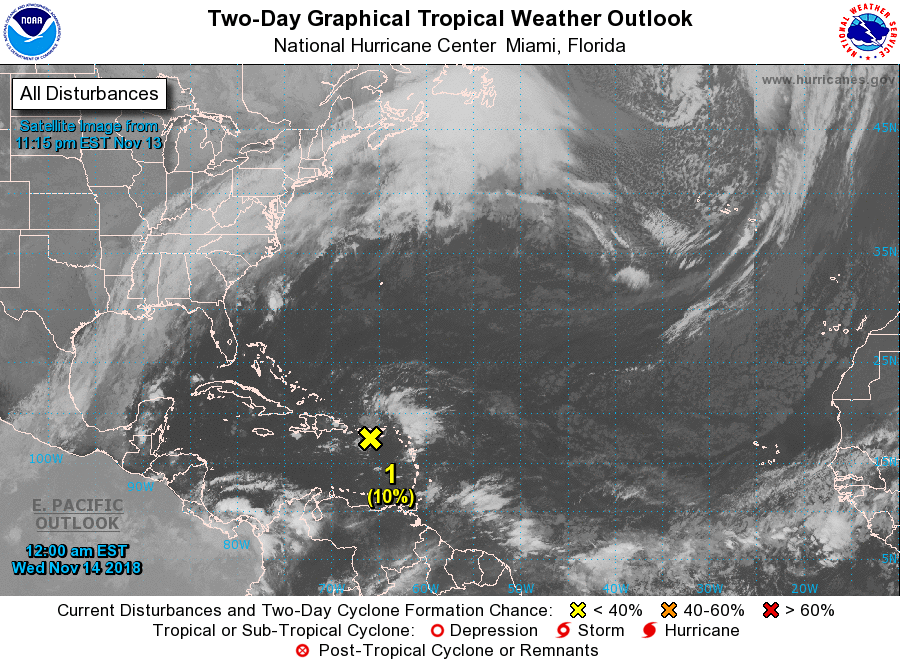
For the North Atlantic...Caribbean Sea and the Gulf of Mexico:

1. A tropical wave and an upper-level low are producing disorganized showers and thunderstorms over portions of the Leeward Islands, the Virgin Islands, Puerto Rico, and the adjacent waters. Significant development of this system is not expected due to unfavorable upper-level winds and the interaction with islands of the Greater Antilles. Even though development is not anticipated, locally heavy rainfall is expected to continue over portions of the Leeward Islands, the Virgin Islands, and Puerto Rico over the next day or so as the system moves generally west-northwestward. This activity will then spread over the Turks and Caicos Islands and the southeastern Bahamas by Thursday as the system turns northwestward.
* Formation chance through 48 hours...low...10 percent.
* Formation chance through 5 days...low...10 percent.

Forecaster Cangialosi